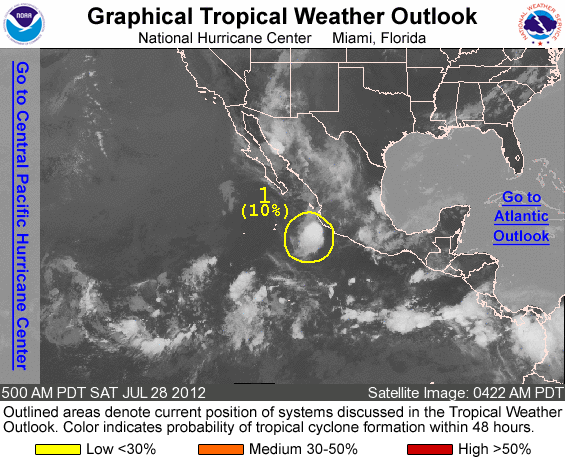
FOR THE EASTERN NORTH PACIFIC...EAST OF 140 DEGREES WEST LONGITUDE..

1. SHOWER AND THUNDERSTORM ACTIVITY LOCATED ABOUT 100 MILES WEST- SOUTHWEST OF MANZANILLO MEXICO HAS INCREASED OVER THE PAST FEW HOURS. HOWEVER...THERE ARE NO SIGNS OF A SURFACE CIRCULATION AND ANY DEVELOPMENT IS EXPECTED TO BE SLOW TO OCCUR. THIS SYSTEM HAS A LOW CHANCE...10 PERCENT...OF BECOMING A TROPICAL CYCLONE DURING THE NEXT 48 HOURS AS IT BEGINS TO MOVE WESTWARD AT AROUND 10 MPH.

ELSEWHERE...TROPICAL CYCLONE FORMATION IS NOT EXPECTED DURING THE NEXT 48 HOURS.

FORECASTER BRENNAN